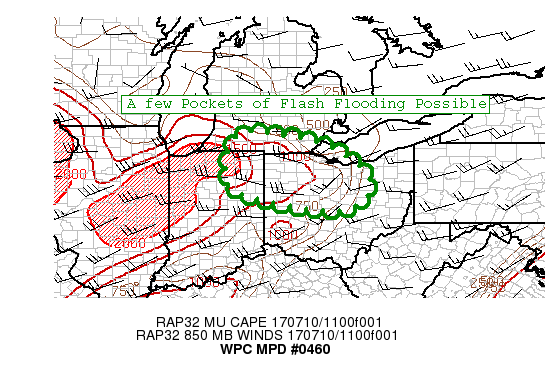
AREAS AFFECTED...NORTHEAST IN...SOUTHERN MI...NORTHERN OH

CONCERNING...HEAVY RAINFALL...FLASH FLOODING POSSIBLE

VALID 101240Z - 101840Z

SUMMARY...INCREASING CONVECTIVE COVERAGE WILL LEAD TO POCKETS OF
AN ADDITIONAL 1-3" OF RAIN ACROSS PORTIONS OF SOUTHERN MI AND
NORTHERN IN/OH INTO EARLY AFTERNOON.

DISCUSSION...AS OF 12Z A LARGE CONVECTIVE COMPLEX CONTINUES TO
PROGRESS SOUTHEAST ACROSS THE MS VALLEY AND GREAT LAKES REGION.
WHILE RECENT RADAR AND SATELLITE TRENDS SHOW A GENERAL WEAKENING
TREND WITH THE COMPLEX...HAVE SEEN SOME INTENSIFICATION ON THE
NORTHEAST EDGE OF THE SYSTEM ACROSS NORTHERN IN AND SOUTHERN MI
OVER RECENT HOURS. A LEAD AREA OF ENHANCED LOW LEVEL MOISTURE
TRANSPORT HAS ALSO RESULTED IN ELEVATED CONVECTIVE ACTIVITY OVER
PORTIONS OF OH. THESE STORMS OVER OH HAVE ONLY BEEN SLOWLY MOVING
OFF TO THE EAST WITH TIME...DROPPING LOCALIZED 1-2" TOTALS.

OVER THE NEXT SEVERAL HOURS THE EXPECTATION IS THAT CONVECTIVE
ACTIVITY WILL CONTINUE TO EXPAND AND INTENSIFY ON THE LEADING EDGE
OF THE COMPLEX FROM SOUTEHRN MI INTO NORTHERN IN AND WESTERN OH.
IN GENERAL THE ENTIRE COMPLEX SHOULD BE PROGRESSIVE...WHICH WILL
KEEP RAINFALL TOTALS FROM GETTING TOO EXTREME. HOWEVER ANTICIPATE
THAT WE WILL SEE SOME CELL MERGERS AS CONVECTION CONTINUES TO
EXPAND IN COVERAGE...WHICH WILL LOCALLY INCREASE THE DURATION OF
HIGHER RAINFALL RATES.

THUS ANTICIPATE THAT WE WILL SEE ADDITIONAL POCKETS OF 1-3" OF
RAINFALL FROM SOUTHERN MI INTO NORTHERN IN/OH INTO EARLY
AFTERNOON. THE PROGRESSIVE NATURE OF THE SYSTEM SHOULD PREVENT A
SIGNIFICANT FLASH FLOOD THREAT FROM DEVELOPING. HOWEVER RAINFALL
TOTALS OF THIS MAGNITUDE MAY STILL CAUSE LOCALIZED FLASH FLOOD
ISSUES...ESPECIALLY IN AREAS THAT HAVE ALREADY RECEIVED 1-2" OF
RAIN FROM THIS MORNINGS LEAD CONVECTIVE ACTIVITY.